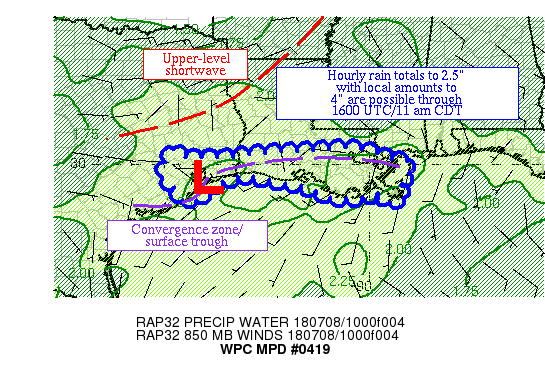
AREAS AFFECTED...UPPER TX AND LA COASTAL PLAIN

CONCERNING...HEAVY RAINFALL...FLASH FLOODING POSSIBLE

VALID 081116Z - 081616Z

SUMMARY...SHOWERS AND THUNDERSTORMS ARE SLOWLY INCREASING IN
COVERAGE.  HOURLY RAIN TOTALS TO 2.5" WITH LOCAL AMOUNTS TO 4" ARE
POSSIBLE WITHIN THE PULSE CONVECTION.

DISCUSSION...AN UPPER LOW WITH A TRAILING UPPER TROUGH/SHORTWAVE
EXTEND FROM EASTERN AR SOUTHWEST THROUGH NORTHERN LA INTO EASTERN
TX PER GOES-16 WATER VAPOR IMAGERY.  SINCE 08Z, ML CAPE IN THE
REGION HAS BEEN COMING UP UNDER ITS BASE NEAR AND SOUTH OF I-10
PER SPC MESOANALYSES NEAR AND SOUTH OF A SURFACE
TROUGH/CONVERGENCE ZONE, WITH AN UPTICK IN EFFECTIVE BULK SHEAR
OFFSHORE.  PRECIPITABLE WATER VALUES OF 2.1-2.3" EXIST HERE PER
GPS DATA.  INFLOW IS WEAK BUT CONVERGENT OUT OF THE SOUTHWEST AT
5-10 KTS PER VAD WIND PROFILES.

WHILE CONVECTION IN SOUTHEAST LA SHOULD PEAK WITHIN THE NEXT
COUPLE HOURS, BOTH THE 06Z GFS-BASED GALVEZ-DAVISON INDEX AND 06Z
HREF PROBABILITIES OF 1"+ IN AN HOUR IMPLY/ADVERTISE A FURTHER
INCREASE IN CELL COVERAGE THROUGH ROUGHLY 16Z FOR SOUTHWEST LA AND
SOUTHEAST TX.  AFTER THAT TIME, SEA BREEZE CIRCULATIONS ARE
EXPECTED TO TAKE OVER WHICH WOULD SPREAD THE THUNDERSTORM ACTIVITY
MORE INLAND.  BELIEVE THE 06Z CANADIAN REGIONAL MODEL, 00Z NMMB,
00Z NSSL WRF, AND 06Z NAM CONEST HAVE A BETTER GRASP OF WHAT IS
EXPECTED OVER THE NEXT SEVERAL HOURS.  TWO WEEK PRECIPITATION
ANOMALIES ARE POSITIVE IN PATCHES NEAR THE LA COAST, WITH AREAS OF
SOUTHEAST TX 200-400% OF NORMAL.  WITHIN THIS ENVIRONMENT, MOSTLY
PULSE CONVECTION SHOULD LEAD TO HOURLY PRECIPITATION TOTALS TO
2.5" WITH LOCAL AMOUNTS TO 4".  THIS RAINFALL WOULD BE MOST
PROBLEMATIC IN URBAN AREAS.